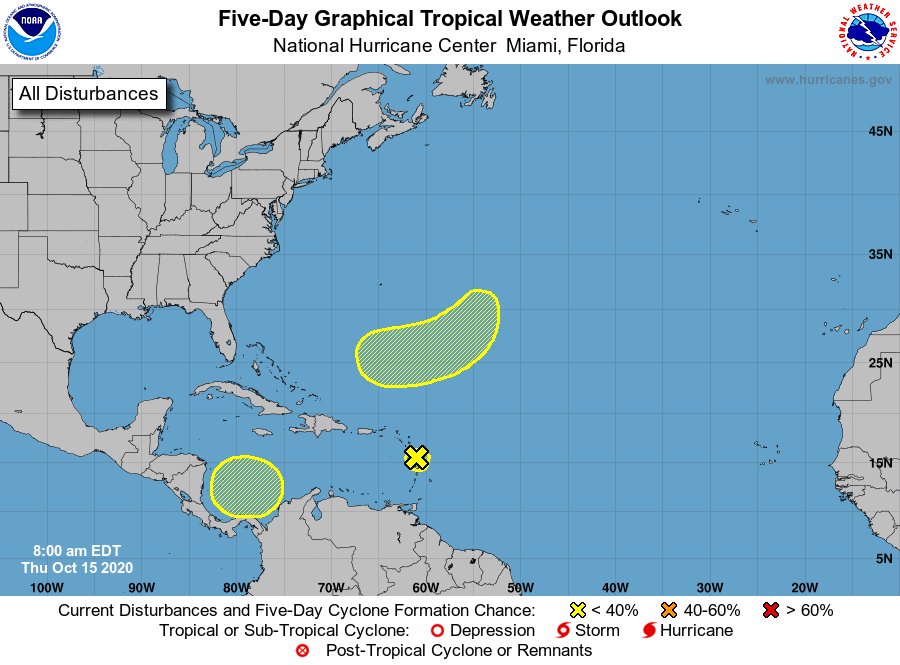
For the North Atlantic...Caribbean Sea and the Gulf of Mexico:

1. A weak area of low pressure near the Lesser Antilles has become less well defined since yesterday. Strong upper-level winds are expected to continue to inhibit development while the system moves west-northwestward over the next couple of days. Although development is no longer anticipated, the system could produce locally heavy rainfall across portions of the Lesser Antilles, the Virgin Islands, and Puerto Rico over the next few days.
* Formation chance through 48 hours...low...near 0 percent.
* Formation chance through 5 days...low...near 0 percent.

2. A broad non-tropical low pressure system is expected to form over the weekend several hundred miles east-southeast of Bermuda. Some slow development will be possible thereafter into early next week while the system moves southwestward and then westward, passing about midway between Bermuda and the northern Lesser Antilles.
* Formation chance through 48 hours...low...near 0 percent.
* Formation chance through 5 days...low...20 percent.

3. A broad area of low pressure could form by early next week over the southwestern Caribbean Sea. Some gradual development of the system will be possible thereafter while it moves slowly west-northwestward.
* Formation chance through 48 hours...low...near 0 percent.
* Formation chance through 5 days...low...20 percent.

Forecaster Beven